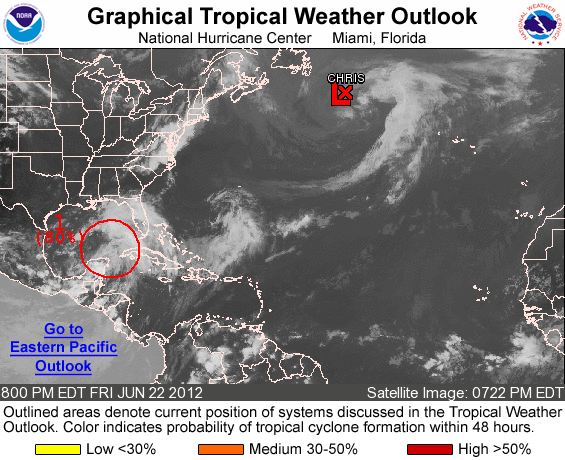
FOR THE NORTH ATLANTIC...CARIBBEAN SEA AND THE GULF OF MEXICO...

1. SATELLITE IMAGERY AND SURFACE OBSERVATIONS INDICATE THAT THE CIRCULATION ASSOCIATED WITH THE LARGE SURFACE LOW PRESSURE AREA LOCATED ABOUT 100 MILES NORTH OF THE NORTHEASTERN TIP OF THE YUCATAN PENINSULA HAS CONTINUED TO BECOME BETTER DEFINED. SURFACE PRESSURES ARE STILL FALLING ACROSS THE AREA...AND SHOWER AND THUNDERSTORM ACTIVITY HAS BEEN STEADILY INCREASING OVER MUCH OF THE CENTRAL AND EASTERN GULF OF MEXICO TODAY. ENVIRONMENTAL CONDITIONS ARE EXPECTED TO REMAIN CONDUCIVE FOR A TROPICAL DEPRESSION TO FORM DURING THE NEXT DAY OR SO AS THIS LARGE DISTURBANCE DRIFTS SLOWLY NORTHWARD. THIS SYSTEM HAS A HIGH CHANCE...80 PERCENT...OF BECOMING A TROPICAL CYCLONE DURING THE NEXT 48 HOURS. INTERESTS ALONG THE UNITED STATES GULF COAST SHOULD MONITOR THE PROGRESS OF THIS DISTURBANCE THROUGH THE WEEKEND. HEAVY RAINS AND LOCALIZED FLOODING ARE POSSIBLE ACROSS THE YUCATAN PENINSULA...WESTERN CUBA...AND SOUTHERN FLORIDA THROUGH SATURDAY.

ELSEWHERE...TROPICAL CYCLONE FORMATION IS NOT EXPECTED DURING THE NEXT 48 HOURS.

FORECASTER STEWART